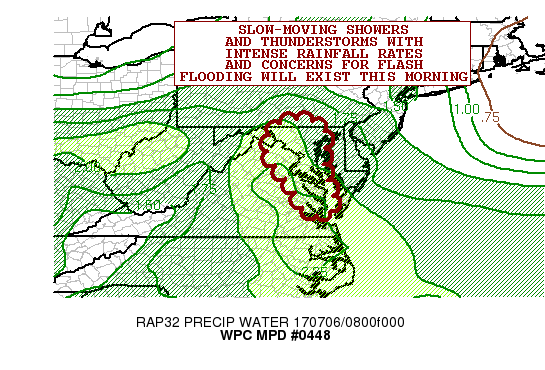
AREAS AFFECTED...FAR SOUTHERN PA...NORTHERN/EASTERN
VA...CENTRAL/SOUTHERN MD

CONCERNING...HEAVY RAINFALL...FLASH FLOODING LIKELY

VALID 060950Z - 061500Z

SUMMARY...SLOW-MOVING SHOWERS AND THUNDERSTORMS WITH INTENSE
RAINFALL RATES ARE EXPECTED THIS MORNING...WITH LOCALLY
SIGNIFICANT IMPACTS TO THE MORNING RUSH HOUR. SOME FLASH FLOODING
IS LIKELY.

DISCUSSION...THE LATEST EXPERIMENTAL GOES-16 10.3 MICRON/IR
IMAGERY SHOWS A CLUSTER OF GRADUALLY COOLING CLOUD TOPS IN
ASSOCIATION WITH AN ORGANIZING AXIS OF HEAVY SHOWERS AND FEW
EMBEDDED THUNDERSTORMS STRETCHING FROM NEAR THE NORTHERN NECK OF
VA NORTHWARD TO THE WESTERN AND SOUTHERN SUBURBS OF WASHINGTON
D.C.

THE ACTIVITY IS EXPANDING WITHIN A VERY MOIST AND MODESTLY
UNSTABLE ENVIRONMENT OUT AHEAD A SMALL SCALE SHORTWAVE TROUGH
EJECTING EAST ACROSS THE WV PANHANDLE EARLY THIS MORNING. THE
PWATS ARE ON THE ORDER OF 2 INCHES...AND WITH COOLING CONVECTIVE
TOPS...THE RAINFALL RATES ARE LIKELY TO BE QUITE INTENSE AND
POTENTIALLY AS HIGH AS 2.5 INCHES/HR GIVEN THE HIGHLY EFFICIENT
RAINFALL PROCESSES THAT ARE LIKELY TO BE IN PLACE.

THE LAST SEVERAL HRRR RUNS HAVE BEEN INSISTENT ON AN AXIS OF VERY
RAINFALL IMPACTING THE WASHINGTON D.C. METROPOLITAN AREA AND
ADJACENT SUBURBS FOR THE MORNING RUSH HOUR...AND IN TIME EXTENDING
FARTHER NORTH UP ACROSS CENTRAL MD AND POSSIBLY FAR SOUTHERN PA
TOWARD LATE MORNING.

THE INTENSE RAINFALL RATES AND SLOW CELL MOTION WILL ENCOURAGE
ENHANCED RAINFALL TOTALS...WITH AMOUNTS THROUGH LATE-MORNING
REACHING AS HIGH AS 3 TO 4 INCHES IN SOME AREAS WITH ISOLATED
HEAVIER AMOUNTS WHERE STRONGER CONVECTIVE CORES SET UP.

GIVEN THE INTENSE RAINFALL RATES AND URBANIZED ENVIRONMENT THAT
THE HEAVY RAINFALL WILL BE IMPACTING...SOME FLASH FLOODING WILL BE
LIKELY...AND THUS SIGNIFICANT IMPACTS TO THE MORNING RUSH HOUR
WILL BE EXPECTED. WILL CONTINUE TO MONITOR.